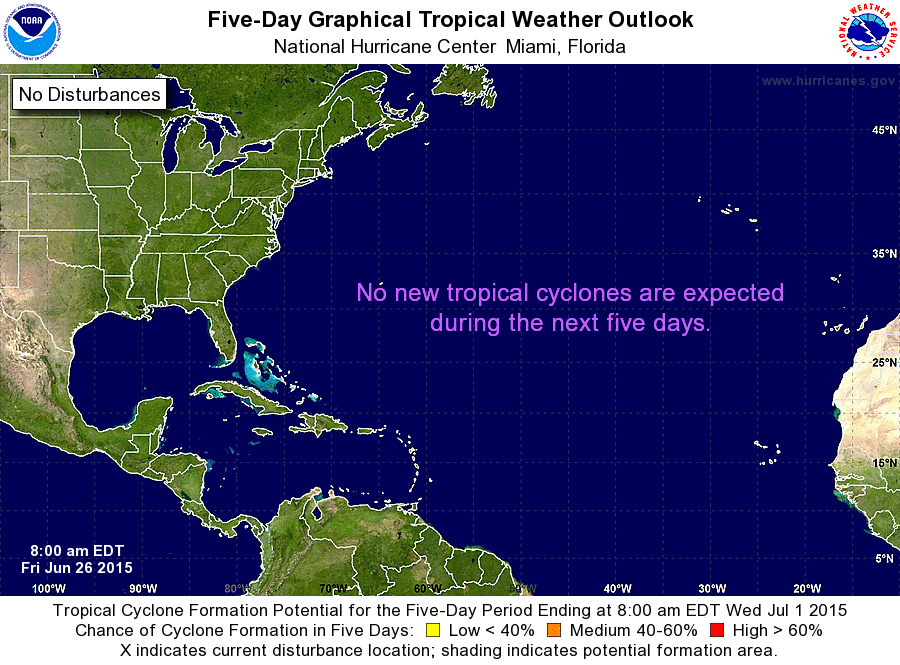
For the North Atlantic...Caribbean Sea and the Gulf of Mexico:

Tropical cyclone formation is not expected during the next 5 days.

Forecaster Avila